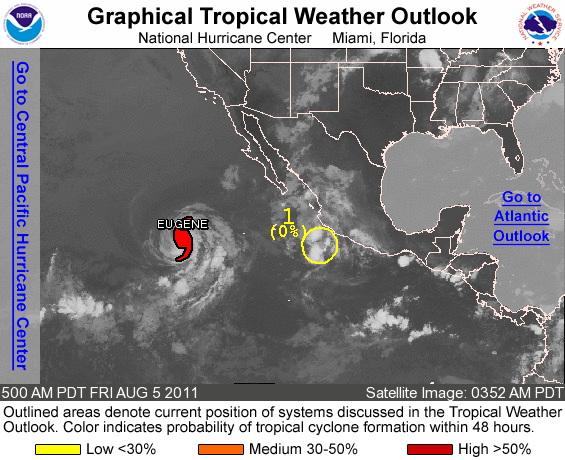
FOR THE EASTERN NORTH PACIFIC...EAST OF 140 DEGREES WEST LONGITUDE..

THE NATIONAL HURRICANE CENTER IS ISSUING ADVISORIES ON WEAKENING HURRICANE EUGENE...LOCATED ABOUT 885 MILES WEST-SOUTHWEST OF THE SOUTHERN TIP OF BAJA CALIFORNIA.

1. A WEAK AREA OF LOW PRESSURE CENTERED ABOUT 150 MILES SOUTH OF MANZANILLO MEXICO CONTINUES TO PRODUCE DISORGANIZED SHOWER AND THUNDERSTORM ACTIVITY OFFSHORE OF THE SOUTHWESTERN COAST OF MEXICO. ENVIRONMENTAL CONDITIONS ARE NOT CONDUCIVE FOR DEVELOPMENT...AND THIS SYSTEM HAS A LOW CHANCE...NEAR 0 PERCENT...OF BECOMING A TROPICAL CYCLONE DURING THE NEXT 48 HOURS AS IT MOVES WEST- NORTHWESTWARD NEAR 10 MPH.

ELSEWHERE...TROPICAL CYCLONE FORMATION IS NOT EXPECTED DURING THE NEXT 48 HOURS.

FORECASTER AVILA